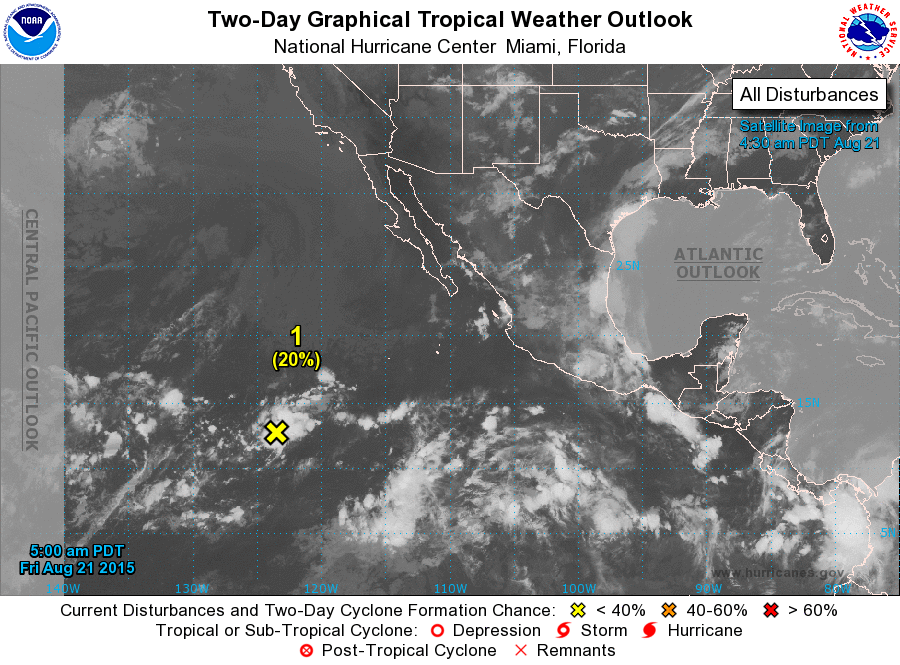
For the eastern North Pacific...east of 140 degrees west longitude:

1. A small area of disorganized showers and thunderstorms about 1000 miles southwest of the Baja California peninsula is associated with a tropical wave. Some gradual development of this system is possible over the weekend while the disturbance moves westward at about 10 mph.
* Formation chance through 48 hours...low...20 percent
* Formation chance through 5 days...medium...60 percent

2. A low pressure area is expected to form well south of the coast of Mexico early next week. Environmental conditions should support gradual development of the system while it moves west-northwestward at 10 to 15 mph.
* Formation chance through 48 hours...low...near 0 percent
* Formation chance through 5 days...low...20 percent

Forecaster Roberts